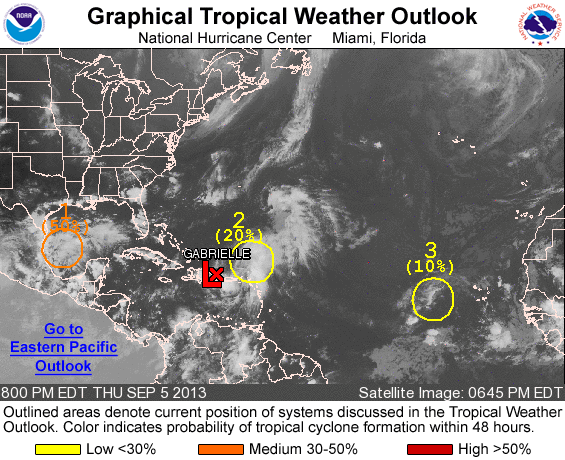
FOR THE NORTH ATLANTIC...CARIBBEAN SEA AND THE GULF OF MEXICO...

THE NATIONAL HURRICANE CENTER IS ISSUING ADVISORIES ON TROPICAL DEPRESSION GABRIELLE...LOCATED NEAR THE SOUTHEAST COAST OF THE DOMINICAN REPUBLIC.

1. DATA FROM AIR FORCE RESERVE RECONNAISSANCE AIRCRAFT LATE THIS AFTERNOON INDICATED THAT THE BROAD AREA OF LOW PRESSURE LOCATED ABOUT 150 MILES EAST OF TAMPICO MEXICO DID NOT HAVE A WELL-DEFINED CENTER OF CIRCULATION. IN ADDITION...THE ASSOCIATED SHOWER AND THUNDERSTORM ACTIVITY HAS DECREASED SOMEWHAT DURING THE PAST COUPLE OF HOURS. SOME DEVELOPMENT OF THIS SYSTEM IS STILL POSSIBLE...AND A TROPICAL DEPRESSION COULD FORM BEFORE THE LOW MOVES INLAND ALONG THE COAST OF MEXICO ON FRIDAY. THIS SYSTEM HAS A MEDIUM CHANCE...50 PERCENT...OF BECOMING A TROPICAL CYCLONE DURING THE NEXT 48 HOURS...AND A MEDIUM CHANCE...50 PERCENT...OF BECOMING A TROPICAL CYCLONE DURING THE NEXT 5 DAYS. REGARDLESS OF TROPICAL CYCLONE FORMATION...HEAVY RAIN AND GUSTY WINDS WILL BE POSSIBLE ALONG THE COAST OF THE MEXICAN STATES OF VERACRUZ AND TAMAULIPAS THROUGH FRIDAY.

2. A LARGE AREA OF DISORGANIZED SHOWERS AND THUNDERSTORMS...ASSOCIATED WITH A SURFACE TROUGH...EXTENDS FROM THE GREATER ANTILLES NEAR TROPICAL DEPRESSION GABRIELLE NORTHWARD OVER THE ATLANTIC WATERS FOR SEVERAL HUNDRED MILES. ANY DEVELOPMENT DURING THE NEXT COUPLE OF DAYS IS EXPECTED TO BE SLOW DUE TO STRONG UPPER-LEVEL WINDS...AND THIS SYSTEM HAS A LOW CHANCE...20 PERCENT...OF BECOMING A TROPICAL CYCLONE DURING THE NEXT 48 HOURS AS IT MOVES NORTHWESTWARD AT 10 TO 15 MPH. SOME DEVELOPMENT OF THIS SYSTEM COULD ALSO OCCUR IN A FEW DAYS WHEN IT INTERACTS WITH TROPICAL DEPRESSION GABRIELLE OR ITS REMNANTS AND MOVES NORTHEASTWARD AHEAD OF A COLD FRONT OVER THE CENTRAL ATLANTIC OCEAN. THIS SYSTEM HAS A MEDIUM CHANCE...30 PERCENT...OF BECOMING A TROPICAL CYCLONE DURING THE NEXT 5 DAYS.

3. A TROPICAL WAVE LOCATED ABOUT 500 MILES WEST-SOUTHWEST OF THE CAPE VERDE ISLANDS IS PRODUCING A LARGE AREA OF CLOUDINESS AND SHOWERS. DEVELOPMENT...IF ANY...OF THIS SYSTEM IS EXPECTED TO BE LIMITED DUE TO DRY AIR...AND ENVIRONMENTAL CONDITIONS ARE FORECAST TO BECOME VERY UNFAVORABLE IN A COUPLE OF DAYS. THIS SYSTEM HAS A LOW CHANCE...10 PERCENT...OF BECOMING A TROPICAL CYCLONE DURING THE NEXT 48 HOURS...AND A LOW CHANCE...10 PERCENT...OF BECOMING A TROPICAL CYCLONE DURING THE NEXT 5 DAYS WHILE IT MOVES TO THE WEST-NORTHWEST AT ABOUT 10 MPH.

OTHER SYSTEMS WITH FORMATION POTENTIAL BEYOND 48 HOURS...

A TROPICAL WAVE OVER AFRICA IS EXPECTED TO MOVE OVER THE FAR EASTERN ATLANTIC OCEAN IN A COUPLE OF DAYS...AND DEVELOPMENT OF THIS SYSTEM IS POSSIBLE OVER THE WEEKEND AND INTO EARLY NEXT WEEK. THIS SYSTEM HAS A LOW CHANCE...NEAR 0 PERCENT...OF BECOMING A TROPICAL CYCLONE DURING THE NEXT 48 HOURS...AND A MEDIUM CHANCE...40 PERCENT...OF BECOMING A TROPICAL CYCLONE DURING THE NEXT 5 DAYS.

FIVE-DAY FORMATION PROBABILITIES ARE EXPERIMENTAL IN 2013. COMMENTS ON THE EXPERIMENTAL FORECASTS CAN BE PROVIDED AT...

HTTP://WWW.NWS.NOAA.GOV/SURVEY/NWS-SURVEY.PHP?CODE=ETWO

FORECASTER BRENNAN